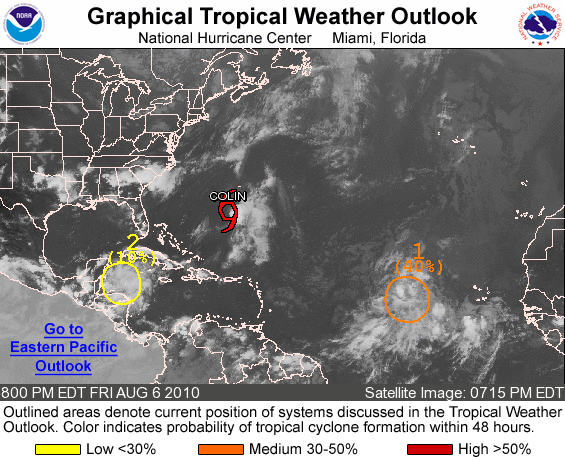
FOR THE NORTH ATLANTIC...CARIBBEAN SEA AND THE GULF OF MEXICO...

THE NATIONAL HURRICANE CENTER IS ISSUING ADVISORIES ON TROPICAL STORM COLIN...LOCATED ABOUT 280 MILES SOUTH-SOUTHWEST OF BERMUDA.

1. A LARGE AREA OF DISTURBED WEATHER OVER THE CENTRAL ATLANTIC IS ASSOCIATED WITH A LOW PRESSURE LOCATED A LITTLE MORE THAN 700 MILES WEST OF THE CAPE VERDE ISLANDS. ENVIRONMENTAL CONDITIONS ARE FAVORABLE FOR SLOW DEVELOPMENT OF THIS SYSTEM DURING THE NEXT COUPLE OF DAYS. THERE IS A MEDIUM CHANCE...40 PERCENT...OF THIS SYSTEM BECOMING A TROPICAL CYCLONE DURING THE NEXT 48 HOURS.

2. ALTHOUGH THE AREA OF CLOUDINESS AND THUNDERSTORMS OVER THE NORTHWESTERN CARIBBEAN SEA ASSOCIATED WITH A TROPICAL WAVE IS SHOWING SOME ORGANIZATION ON SATELLITE...PRESSURES ARE NOT FALLING AND THERE ARE NO SIGNS OF A DEVELOPING SURFACE CIRCULATION. THIS SYSTEM COULD GAIN SOME ADDITIONAL ORGANIZATION BEFORE MOVING OVER THE YUCATAN PENINSULA AND BELIZE ON SATURDAY. THERE IS A LOW CHANCE...10 PERCENT...OF THIS SYSTEM BECOMING A TROPICAL CYCLONE DURING THE NEXT 48 HOURS.

ELSEWHERE...TROPICAL CYCLONE FORMATION IS NOT EXPECTED DURING THE NEXT 48 HOURS.

FORECASTER AVILA